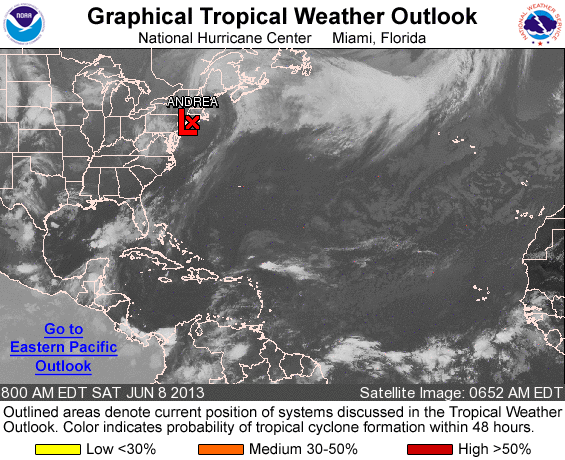
FOR THE NORTH ATLANTIC...CARIBBEAN SEA AND THE GULF OF MEXICO...

THE NATIONAL HURRICANE CENTER IS ISSUING ADVISORIES ON POST-TROPICAL CYCLONE ANDREA...MOVING RAPIDLY NORTHEASTWARD ALONG THE COAST OF NEW ENGLAND.

ELSEWHERE...TROPICAL CYCLONE FORMATION IS NOT EXPECTED DURING THE NEXT 48 HOURS.

FORECASTER BERG